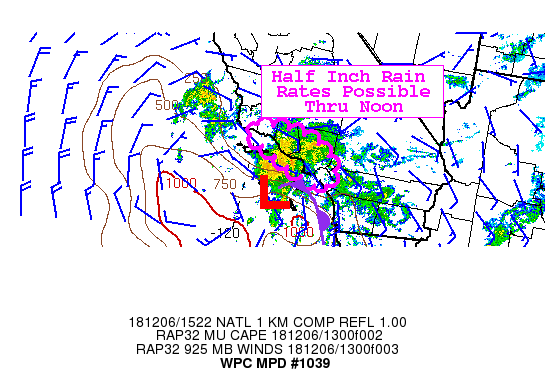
Areas affected...Greater Los Angeles Area

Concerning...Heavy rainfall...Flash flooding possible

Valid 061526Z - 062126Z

Summary...Showers and isolated thunderstorms will continue to
develop off the southern CA coast and shift inland ahead of a
surface low over the Channel Islands. Rain rates up to half an
inch per hour are likely and may cause flash flooding and debris
flows, particularly in recent burn scar areas.

Discussion...A combination of forcing from a low pressure system
off the southern CA coast, PW of 0.9 to 1 inch per GPS data,
MUCAPE of 250-500 J/kg per the RAP, and 30 to 40 kt of bulk shear
(also from the RAP) will result in localized heavy rain. Rainfall
of 0.4" in an hour around 14Z was reported in Topanga Canyon in 30
to 40 dBZ echoes from KVTX. Reflectivity has since blossomed
across and off Ventura County with rates likely to reach or exceed
0.5" an hour. This activity is headed toward the Woolsey Fire burn
scar with the potential for one to two inches rainfall through 17Z
there. Based on extrapolation from radar coverage, that amount can
be expected east of there across the Los Angeles metro area with a
localized flood threat through noon.

Recent HRRR runs have initialized with this reflectivity and
support localized heavy rain over the great LA area through 20Z.

The low pressure system will continue to drift southeast along the
southern CA coast with QPF also shifting toward the San Diego area
this afternoon where further localized impacts are possible.